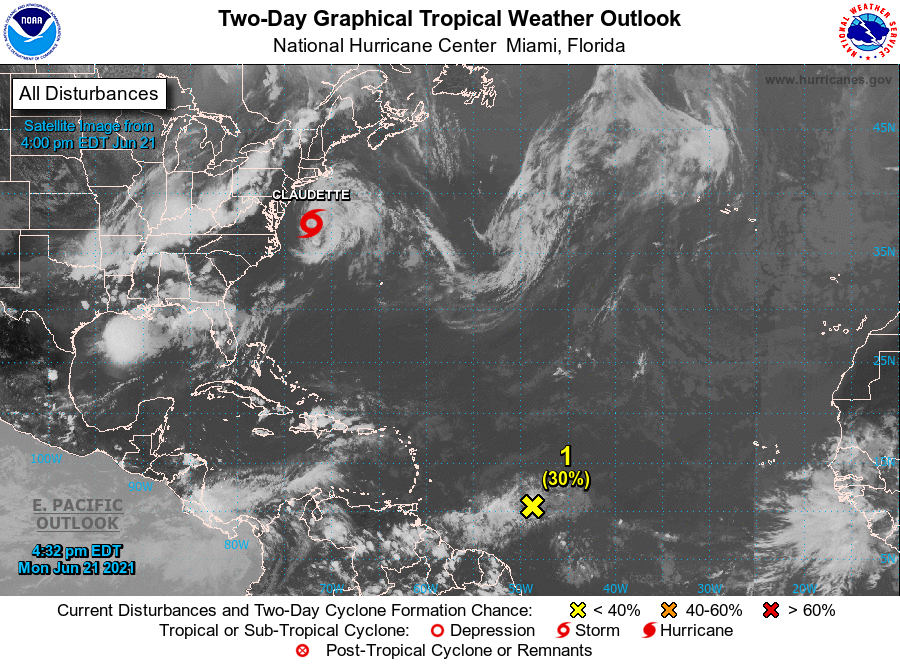
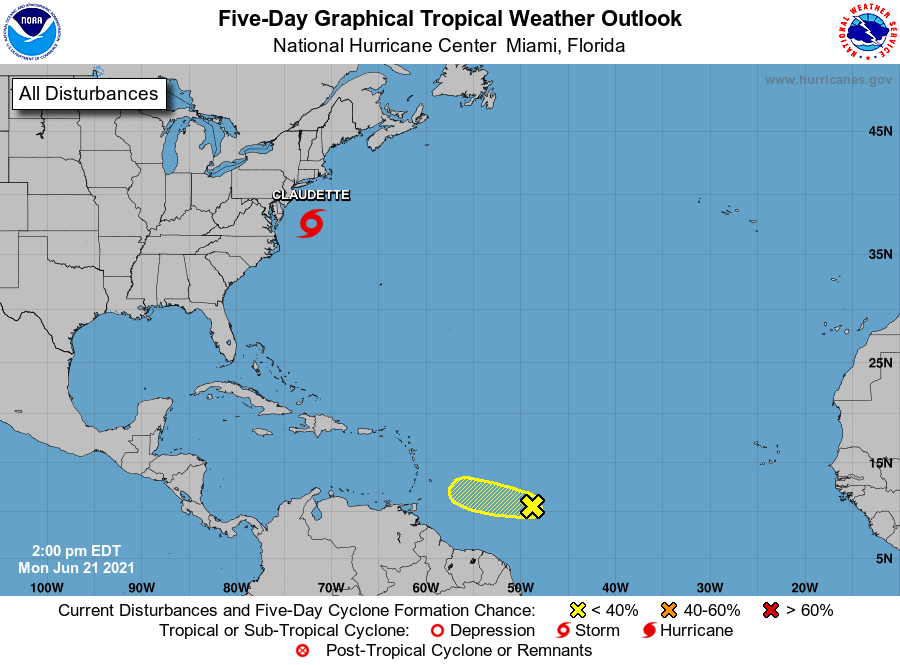
For the North Atlantic...Caribbean Sea and the Gulf of Mexico:

The National Hurricane Center is issuing advisories on Tropical Storm Claudette, located over the western Atlantic about 150 miles east-northeast of the North Carolina Outer Banks.

1. A tropical wave located about 750 miles east-southeast of the Windward Islands is producing disorganized showers and a few thunderstorms. Although shower activity has diminished some this afternoon, recent satellite-derived surface wind data indicate that the wave has become better defined since yesterday. Some additional development of this disturbance will be possible during the next couple of days before upper-level winds become less conducive for further organization by Thursday. The system is expected to move westward to west-northwestward at 15 to 20 mph.
* Formation chance through 48 hours...low...30 percent.
* Formation chance through 5 days...low...30 percent.

Forecaster Stewart